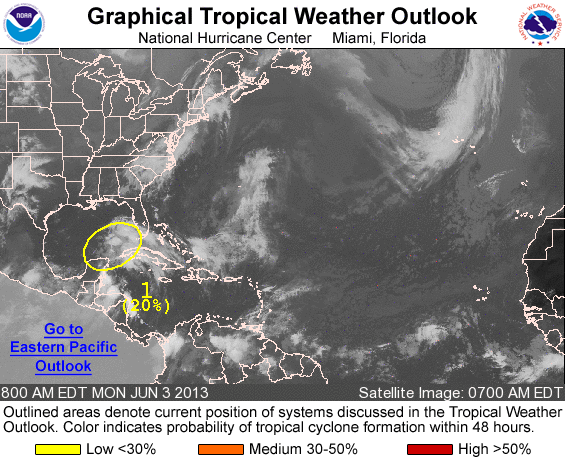
FOR THE NORTH ATLANTIC...CARIBBEAN SEA AND THE GULF OF MEXICO...

1. A TROUGH OF LOW PRESSURE EXTENDING FROM THE NORTHWESTERN YUCATAN PENINSULA TO THE EASTERN GULF OF MEXICO IS PRODUCING A LARGE AREA OF CLOUDINESS AND DISORGANIZED THUNDERSTORMS. ANY DEVELOPMENT OF THIS SYSTEM IS LIKELY TO BE SLOW TO OCCUR DUE TO MARGINALLY FAVORABLE ENVIRONMENTAL CONDITIONS. THIS SYSTEM HAS A LOW CHANCE...20 PERCENT...OF BECOMING A TROPICAL CYCLONE DURING THE NEXT 48 HOURS AS IT DRIFTS GENERALLY NORTHWARD.

ELSEWHERE...TROPICAL CYCLONE FORMATION IS NOT EXPECTED DURING THE NEXT 48 HOURS.

FORECASTER BROWN